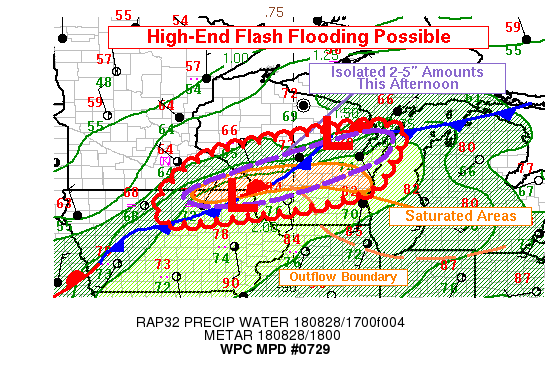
Areas affected...SE MN...CENTRAL WI...NE IA

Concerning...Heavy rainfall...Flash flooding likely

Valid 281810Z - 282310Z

Summary...Again a swath of 2-plus inches of rain, with local
amounts approaching 5 inches, will occur this afternoon -
overlapping to a great extent with areas saturated by recent very
heavy rains. Flash flooding is likely, and some high-end flash
flooding is possible.

Discussion...Over the course of 2 days part of southwest Wisconsin
had experienced over 10 inches of rain, and 5 to 8 inches of rain
had generally fallen in a west to east stripe across
central/southern WI and ending at Lake Michigan to the north of
Milwaukee. In rare fashion, the repeating rounds of convection had
failed to stabilize the atmosphere over this region, owing to a
capped environment to the south and unseasonably strong wind
fields ahead of a broad 1.5 standard deviation upper trough.
Enhanced southwesterly flow had acted to restore lapse rates and
advect air from the unstable source region back up into Wisconsin.

At 1730Z the SPC mesoanalysis again depicted uncapped air with
mixed-layer CAPE values of 3000 J/kg over southern to eastern WI
and northeast IA. Radar and satellite loops gave a sense of
organized synoptic lift along the southern flank of a 70-110 kt
250-mb jet and in the vicinity of a surface cold front running
from northeast WI to southwest IA. An outflow boundary was evident
by tracing radar/satellite loops back in time - and ran from near
Chicago up to an intersection with the cold front north of Lone
Rock, WI. Subtle upglide north and east of this point will likely
further enhance precipitation potential this afternoon.

Hi-res model guidance was again nearly unanimous in depicting
another stripe of 1 to 3 inches of rainfall on average, and
isolated amounts of 4 to 5 inches through 23Z across southwest to
central and northeast Wisconsin. This will likely occur in
response to deep layer frontogenesis as the larger upper trough
slowly approaches, and the upper jet is forecast to further
intensify along the international border. Low level or 850-mb flow
was initially veered, but over time the RAP forecasts backing from
surface to 850-mb and increased low level convergence along the
frontal boundary and newly developing outflows. Seemingly the only
failure mode would be if ongoing scattered convection in southern
Iowa were to send out a stabilizing outflow. It appeared, however,
that there was already a vast pool of unstable air to be processed
in NE IA and WI...and the southern IA activity will likely be
unable to dominate, as deep layer ascent clearly favors areas
farther north per the RAP and the strong hi-res model QPF
consensus.

The effects of an additional 1 to local 5 inches of rain atop
saturated ground will almost certainly cause flash flooding, but
may result in particularly dangerous flooding in some locations.
WPC will be upgrading the Excessive Rainfall Outlook to High Risk
for this event.